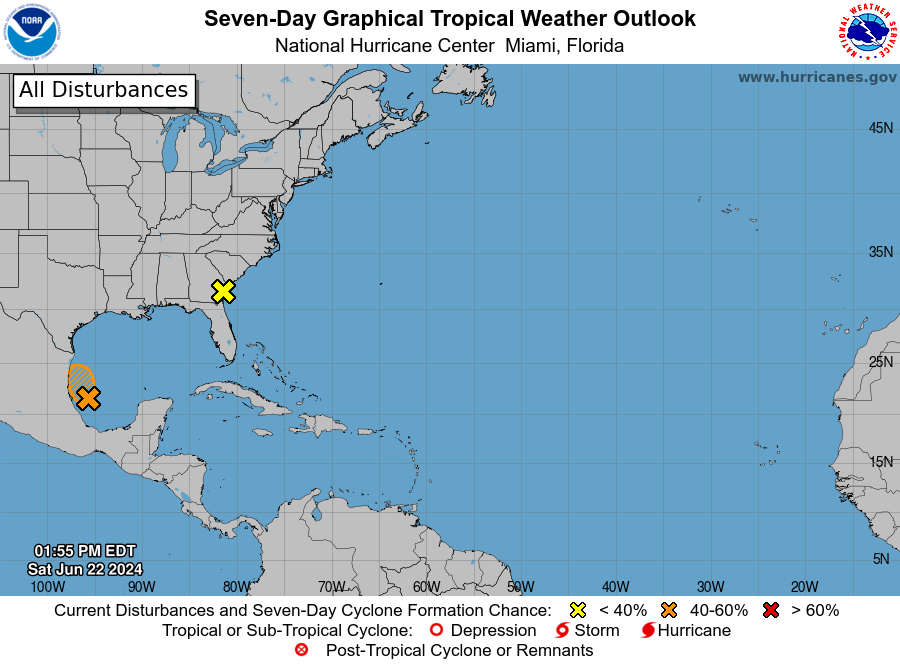
For the North Atlantic...Caribbean Sea and the Gulf of Mexico:

1. Southwestern Gulf of Mexico (AL93): A broad low pressure system located over the southwestern Gulf of Mexico is producing a large area of disorganized showers and thunderstorms. Environmental conditions appear to have become a little more marginal for development of this system as it moves slowly northwestward, but a tropical depression could still form before the system reaches the coast of northeastern Mexico Sunday night. Regardless of development, heavy rainfall is likely to cause localized flooding across portions of northeastern Mexico and Deep South Texas through the end of the weekend. An Air Force Reserve reconnaissance aircraft is currently investigating the disturbance.
* Formation chance through 48 hours...medium...40 percent.
* Formation chance through 7 days...medium...40 percent.

2. Near the Georgia Coast (AL92): Showers and thunderstorms associated with a low pressure system centered just inland over southeastern Georgia have decreased during the past several hours. The low is expected to drift slowly north-northeastward near the coasts of Georgia and southern South Carolina through tonight before dissipating by Sunday.

Tropical cyclone formation is not expected.
* Formation chance through 48 hours...low...near 0 percent.
* Formation chance through 7 days...low...near 0 percent.

Forecaster Hagen/Berg